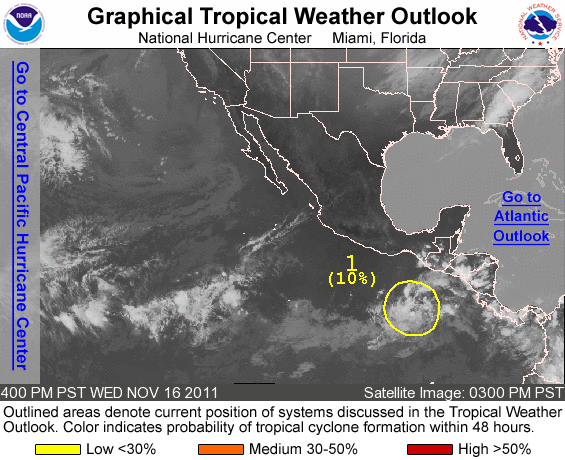
FOR THE EASTERN NORTH PACIFIC...EAST OF 140 DEGREES WEST LONGITUDE..

1. DISORGANIZED SHOWERS AND THUNDERSTORMS CONTINUE IN ASSOCIATION WITH A BROAD AREA OF LOW PRESSURE LOCATED SEVERAL HUNDRED MILES SOUTH OF THE COAST OF GUATEMALA. ENVIRONMENTAL CONDITIONS APPEAR CONDUCIVE FOR SOME GRADUAL DEVELOPMENT OF THIS SYSTEM DURING THE NEXT FEW DAYS. THIS SYSTEM HAS A LOW CHANCE...10 PERCENT...OF BECOMING A TROPICAL CYCLONE DURING THE NEXT 48 HOURS AS IT MOVES TO THE WEST AT 10 TO 15 MPH.

ELSEWHERE...TROPICAL CYCLONE FORMATION IS NOT EXPECTED DURING THE NEXT 48 HOURS.

FORECASTER BLAKE